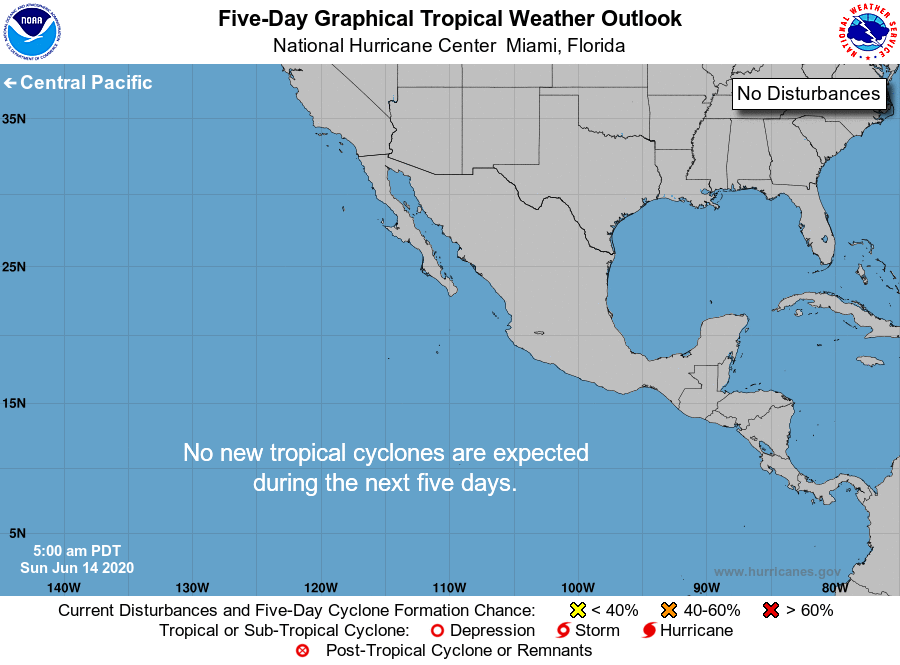
For the eastern North Pacific...east of 140 degrees west longitude:

Tropical cyclone formation is not expected during the next 5 days.

Forecaster Stewart